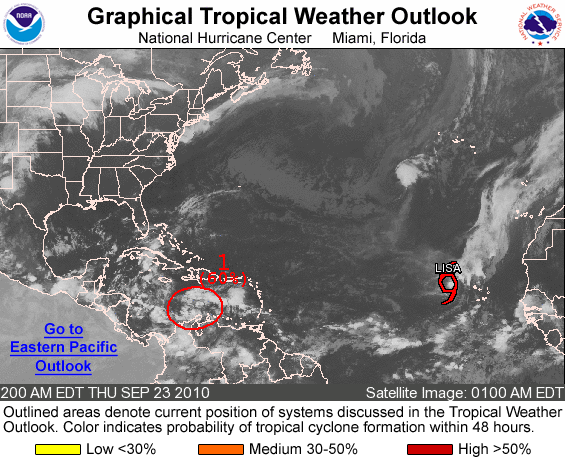
FOR THE NORTH ATLANTIC...CARIBBEAN SEA AND THE GULF OF MEXICO...

THE NATIONAL HURRICANE CENTER IS ISSUING ADVISORIES ON TROPICAL STORM LISA...LOCATED ABOUT 390 MILES WEST-NORTHWEST OF THE CAPE VERDE ISLANDS.

1. SHOWER AND THUNDERSTORM ACTIVITY HAS INCREASED IN ASSOCIATION WITH AN AREA OF LOW PRESSURE OVER THE SOUTH-CENTRAL CARIBBEAN SEA DURING THE LAST SEVERAL HOURS. ENVIRONMENTAL CONDITIONS APPEAR FAVORABLE FOR DEVELOPMENT...AND THIS LOW COULD BECOME A TROPICAL DEPRESSION DURING THE NEXT DAY OR TWO AS IT MOVES WESTWARD AT AROUND 15 MPH. THERE IS A HIGH CHANCE...60 PERCENT...OF THIS SYSTEM BECOMING A TROPICAL CYCLONE DURING THE NEXT 48 HOURS. REGARDLESS OF DEVELOPMENT...THIS DISTURBANCE HAS THE POTENTIAL TO PRODUCE HEAVY RAINFALL OVER PORTIONS OF NORTHERN COLOMBIA DURING THE NEXT DAY OR SO...AND OVER PORTIONS OF CENTRAL AMERICA IN A COUPLE OF DAYS.

ELSEWHERE...TROPICAL CYCLONE FORMATION IS NOT EXPECTED DURING THE NEXT 48 HOURS.

FORECASTER KIMBERLAIN